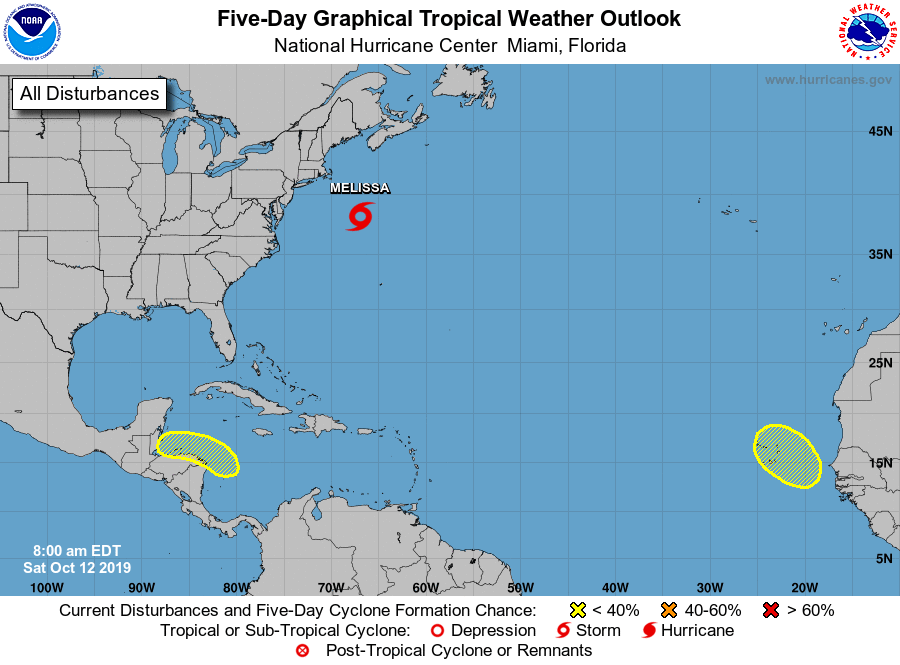
For the North Atlantic...Caribbean Sea and the Gulf of Mexico:

The National Hurricane Center is issuing advisories on Subtropical Storm Melissa, located a couple of hundred miles southeast of the New England coast.

1. A broad area of low pressure is expected to form over the southwestern Caribbean Sea this weekend. The system is forecast to move westward toward Central America early next week, and some development is possible if the low moves over the northwestern Caribbean Sea near the coasts of Honduras, Guatemala, and Belize. Regardless of development, this system could bring heavy rains to portions of Central America late this weekend through early next week.
* Formation chance through 48 hours...low...near 0 percent.
* Formation chance through 5 days...low...20 percent.

2. A tropical wave, accompanied by a broad area of low pressure, is expected to move off the west coast of Africa on Sunday. Although tropical cyclone formation in this area is climatologically unlikely this late in the hurricane season, some development of the system is possible before conditions become unfavorable by the middle of next week. The system is expected move westward to northwestward toward the Cabo Verde Islands during the next several days.
* Formation chance through 48 hours...low...near 0 percent.
* Formation chance through 5 days...low...30 percent.

Forecaster Latto